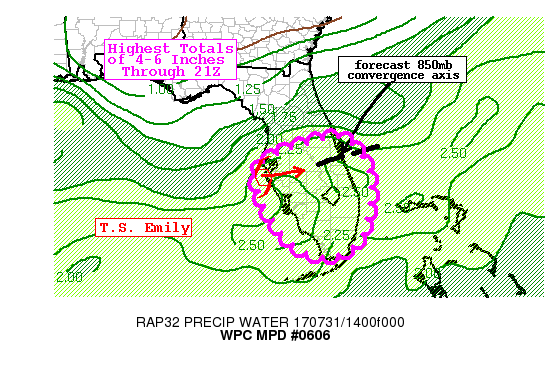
AREAS AFFECTED...CNTRL FL

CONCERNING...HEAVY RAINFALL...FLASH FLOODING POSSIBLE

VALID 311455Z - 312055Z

SUMMARY...A FLASH FLOOD THREAT WILL CONTINUE THROUGH THE AFTERNOON
FOR MUCH OF CENTRAL AND SOUTHERN FLORIDA IN CONNECTION WITH
TROPICAL STORM EMILY. LOCALIZED RAINFALL TOTALS THROUGH 21Z ARE
EXPECTED TO REACH INTO THE 4-6 INCH RANGE.

DISCUSSION...14Z RADAR IMAGERY FROM KTBW SHOWED THE CENTER OF T.S.
EMILY MOVING ESE TOWARD MANATEE COUNTY FLORIDA WITH 2 OR 3 NEWLY
FORMED SPIRAL BANDS LOCATED SOUTH OF THE CIRCULATION CENTER.
EXPERIMENTAL GOES 16 INFRARED IMAGERY HAS SHOWN A SHORT
LIVED/PULSING NATURE TO COLDER CLOUD TOPS NEAR THE CENTER OF EMILY
AND THIS IS EXPECTED TO CONTINUE IN THE SHORT TERM...EVEN AFTER
THE CENTER MAKES LANDFALL. THERE WAS A RELATIVE BREAK IN RAINFALL
AS ONE MOVES DOWN THE WESTERN PENINSULA UNTIL THE SOUTHERN
PENINSULA WHERE A SWATH OF MODERATE WITH LOCALLY EMBEDDED HEAVY
RAIN EXTENDED FROM OFFSHORE THE SOUTHERN
PENINSULA...EAST-NORTHEASTWARD TO THE SOUTH-CENTRAL COAST. IN BOTH
LOCATIONS OF HEAVIER RAINFALL...THE HIGHEST OBSERVED RAINFALL
RATES OVER THE PAST 2-3 HOURS HAVE BEEN IN THE 1-2 IN/HR RANGE.

THE SLOW FORECAST MOVEMENT OF EMILY TOWARD THE EAST/EAST-SOUTHEAST
WILL CONTINUE AN ELEVATED FLASH FLOOD THREAT WITH POTENTIAL FOR
SURGES OF HEAVY RAIN NEAR THE CENTER...LOCALLY 3+ IN/HR IS NOT OUT
OF THE QUESTION GIVEN PRECIPITABLE WATER VALUES PEAKING NEAR 2.5
INCHES AT TIMES AND TALL SKINNY CAPES REPRESENTATIVE OF THE
TROPICAL ENVIRONMENT.

FARTHER EAST...SHORT TERM RAP/HRRR FORECASTS HAVE BEEN SHOWING THE
DEVELOPMENT OF A LOW LEVEL CONVERGENCE AXIS SETTING UP ALONG THE
EAST COAST OF FLORIDA BETWEEN MLB AND FPR NEAR 18Z...IN THE
VICINITY OF A REMNANT FRONTAL BOUNDARY. ENHANCED LOW LEVEL
CONVERGENCE AMID A HIGHLY DIFFLUENT/DIVERGENT FLOW PATTERN ALOFT
WITHIN THE TROPICAL ENVIRONMENT SHOULD HELP TO FOCUS HEAVIER
RAINFALL POTENTIAL ALONG THE EAST COAST INTO THE AFTERNOON WHERE
RECENT HRRR/HRRR_EXPERIMENTAL RUNS HAVE BEEN HINTING AT 4-6 INCH
TOTALS THROUGH 21Z.

GIVEN THE HIGH FLASH FLOOD GUIDANCE VALUES AND SWAMPY NATURE TO
PORTIONS OF SOUTHERN FLORIDA...THE FLASH FLOOD THREAT IS ONLY
CONSIDERED POSSIBLE BUT HIGHER CONCERNS WILL EXIST NEAR THE URBAN
CORRIDORS OF I-75...I-95 AND POSSIBLY AS FAR NORTH AS MCO.